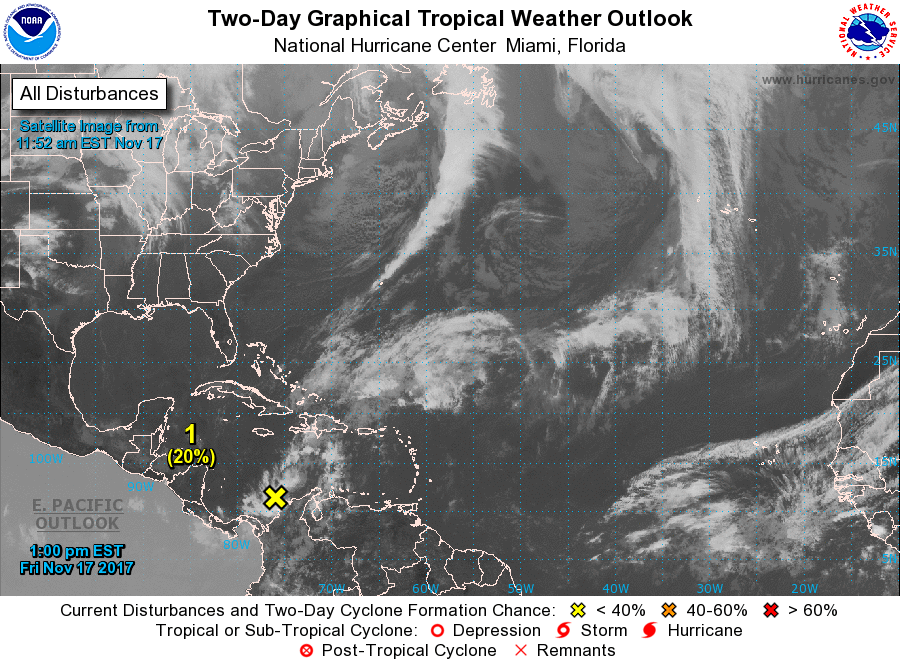
For the North Atlantic...Caribbean Sea and the Gulf of Mexico:

1. An elongated area of low pressure continues to produce disorganized showers and thunderstorms over the central Caribbean Sea. Strong upper-level winds should limit development of this system while it drifts northward or northeastward during the next few days. Regardless of development, heavy rainfall is possible over portions of the northwestern coast of Colombia, Hispaniola, and Puerto Rico through the weekend.
* Formation chance through 48 hours...low...20 percent.
* Formation chance through 5 days...low...20 percent.

Forecaster Cangialosi